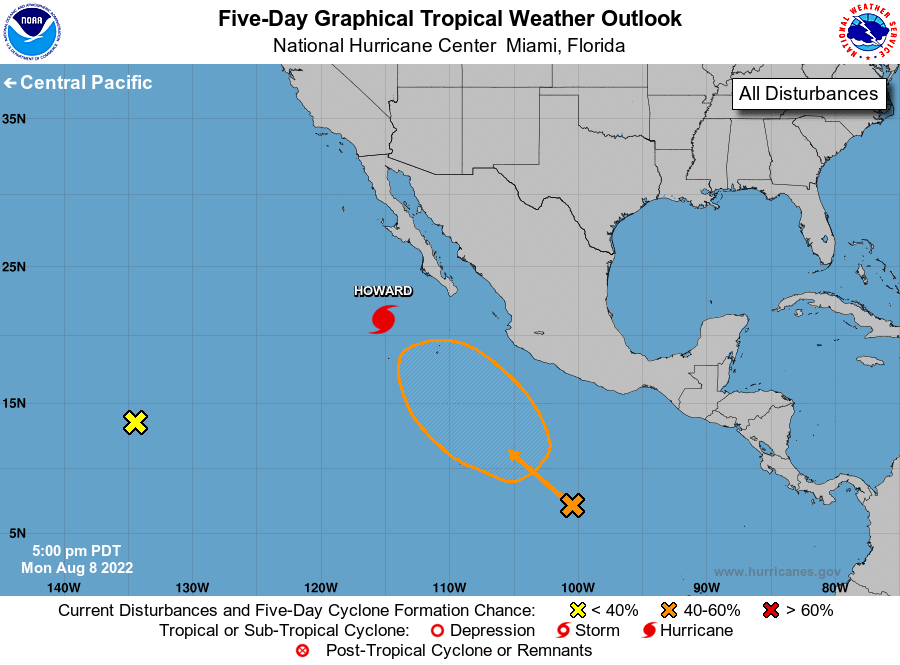
For the eastern North Pacific...east of 140 degrees west longitude:

Active Systems: The National Hurricane Center is issuing advisories on recently upgraded Hurricane Howard, located a few hundred miles west-southwest of the southern tip of Baja California.

1. Offshore of Southwest Mexico: An area of low pressure is forecast to form a few hundred miles south of southwestern Mexico in a couple of days. Environmental conditions appear conducive for gradual development of this system, and a tropical depression could form late this week while it moves west-northwestward, well offshore of the coast of Mexico.
* Formation chance through 48 hours...low...near 0 percent.
* Formation chance through 5 days...medium...40 percent.

2. Well East-Southeast of the Hawaiian Islands: A large area of disorganized showers and thunderstorms is associated with a broad trough of low pressure located more than 1000 miles east-southeast of the Hawaiian Islands. Environmental conditions have become less conducive, and additional development is no longer expected as the disturbance moves westward toward the central Pacific basin.
* Formation chance through 48 hours...low...near 0 percent.
* Formation chance through 5 days...low...near 0 percent.

Forecaster Latto